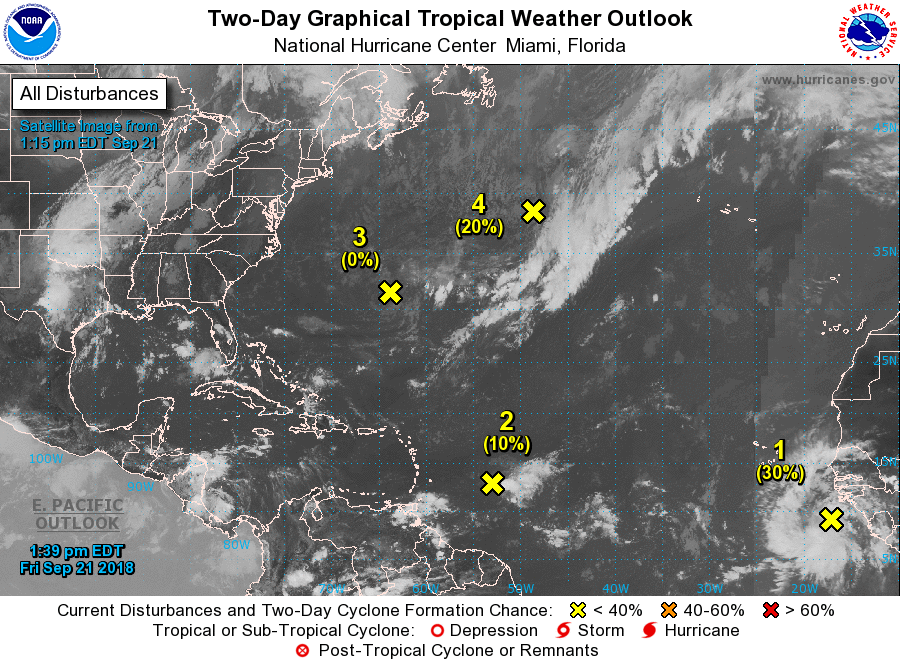
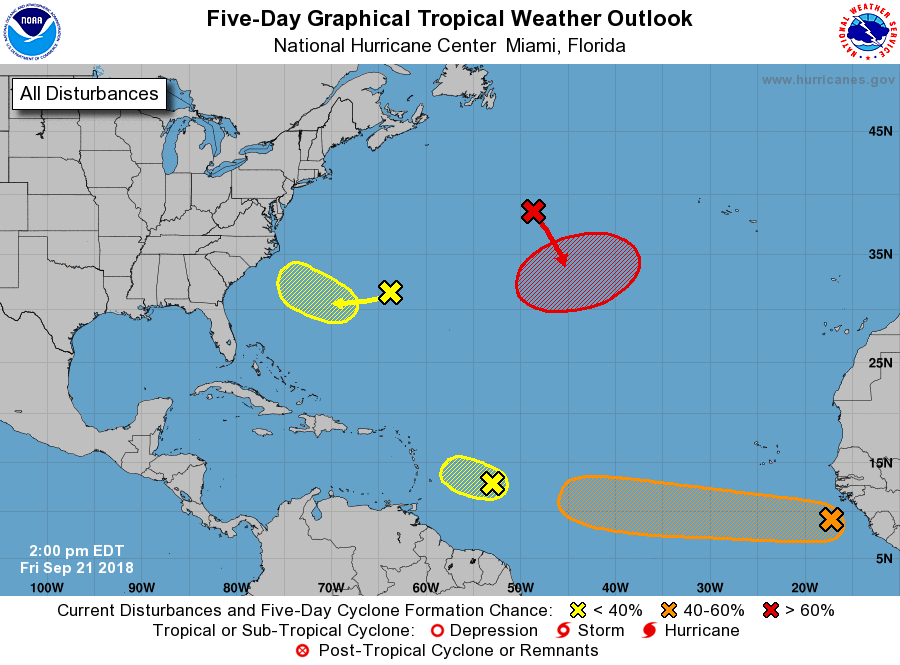
For the North Atlantic...Caribbean Sea and the Gulf of Mexico:

1. A low pressure system, associated with a tropical wave, is located about 600 miles south-southeast of the Cabo Verde Islands. Although the showers and thunderstorms have decreased this afternoon, this system is still showing signs of organization. The environmental conditions are forecast to be conducive for slow development, and a tropical depression could form early next week while the system moves westward at 15 to 20 mph across the low latitudes of the eastern and central tropical Atlantic Ocean.
* Formation chance through 48 hours...low...30 percent.
* Formation chance through 5 days...medium...60 percent.

2. A weak low pressure area located about 500 miles east of the Windward Islands is producing disorganized showers and thunderstorms to the east of the center. Strong upper-level winds and dry air should prevent significant development of this system while it moves west-northwestward at around 10 mph.
* Formation chance through 48 hours...low...10 percent.
* Formation chance through 5 days...low...10 percent.

3. A broad area of low pressure located about 100 miles southeast of Bermuda is producing minimal shower activity. Development of this system is not expected during the next couple of days due to dry air and strong upper-level winds. However, environmental conditions could become more conducive for slow development when the system moves over the southwestern Atlantic Ocean during the early and middle part of next week.
* Formation chance through 48 hours...low...near 0 percent.
* Formation chance through 5 days...low...30 percent.

4. A non-tropical low pressure system is forecast to develop tonight or on Saturday over the central subtropical Atlantic Ocean midway between Bermuda and the Azores. Conditions are expected to be conducive for the low to acquire subtropical or tropical characteristics, and a subtropical or tropical cyclone is likely to form late this weekend or early next week while the low meanders over the central Atlantic Ocean.
* Formation chance through 48 hours...low...20 percent.
* Formation chance through 5 days...high...70 percent.

Forecaster Cangialosi